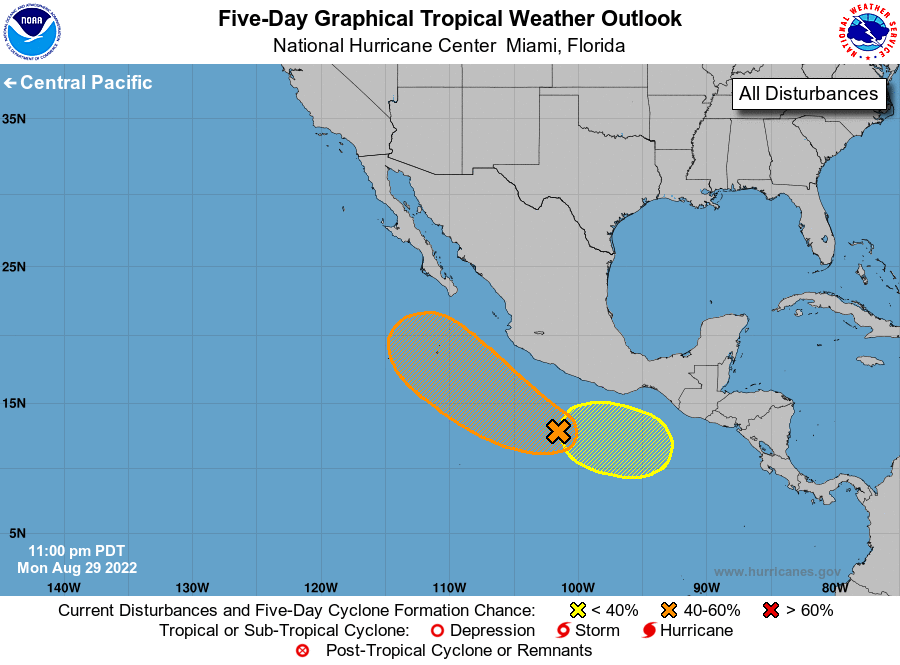
For the eastern North Pacific...east of 140 degrees west longitude:

1. Offshore of Southwest Mexico: A tropical wave located a few hundred miles south-southwest of Acapulco, Mexico is producing an area of disorganized showers and thunderstorms. Environmental conditions are forecast to be conducive for gradual development during the next several days, and a tropical depression could form later this week. The system is forecast to move west-northwestward or northwestward, likely remaining a few hundred miles off the coast of southwestern Mexico.
* Formation chance through 48 hours...low...20 percent.
* Formation chance through 5 days...medium...40 percent.

2. South of Southern Mexico: An area of low pressure is forecast to form south of southern coast of Mexico by late this week. Some gradual development of this system is possible over the weekend while it moves westward or west-northwestward near the coast of southern Mexico.
* Formation chance through 48 hours...low...near 0 percent.
* Formation chance through 5 days...low...20 percent.

Forecaster Brown